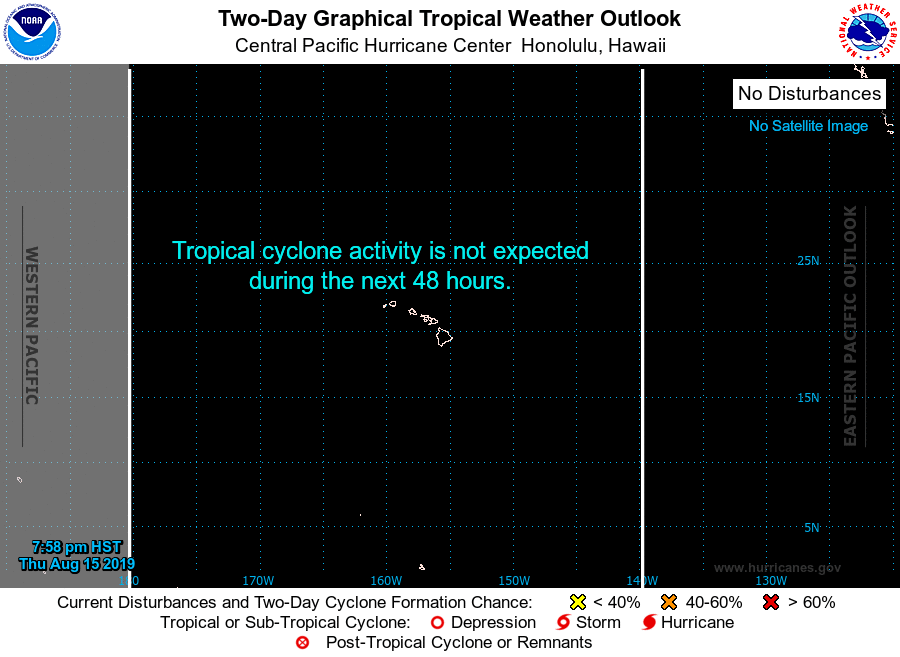
For the central North Pacific...between 140W and 180W:

No tropical cyclones are expected during the next 5 days.

Forecaster Powell